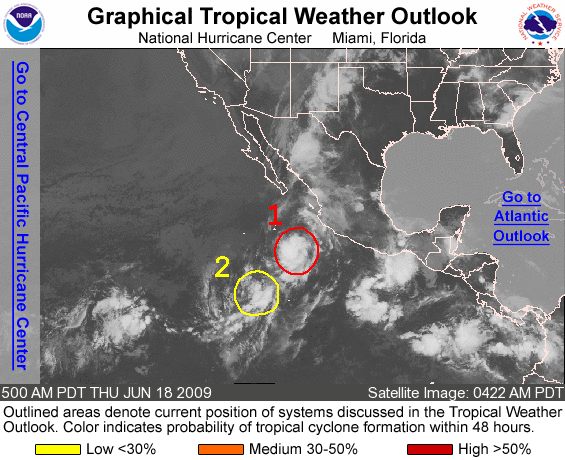
FOR THE EASTERN NORTH PACIFIC...EAST OF 140 DEGREES WEST LONGITUDE..

1. SHOWERS AND THUNDERSTORMS ASSOCIATED WITH AN AREA OF LOW PRESSURE LOCATED ABOUT 275 MILES SOUTHWEST OF MANZANILLO MEXICO HAVE CONTINUED TO BECOME BETTER ORGANIZED OVERNIGHT...AND A TROPICAL DEPRESSION COULD BE FORMING. IF THIS TREND CONTINUES...ADVISORIES COULD BE INITIATED LATER TODAY. THERE IS A HIGH CHANCE...GREATER THAN 50 PERCENT...OF THIS SYSTEM BECOMING A TROPICAL CYCLONE DURING THE NEXT 48 HOURS. REGARDLESS OF DEVELOPMENT...LOCALLY HEAVY RAINS MAY SPREAD OVER PORTIONS OF SOUTHWESTERN MEXICO DURING THE NEXT DAY OR TWO AS THE SYSTEM MOVES SLOWLY NORTHWESTWARD TO NORTHWARD.

2. SHOWERS AND THUNDERSTORMS ARE ASSOCIATED WITH A BROAD AREA OF LOW PRESSURE LOCATED ABOUT 850 MILES SOUTHWEST OF MANZANILLO MEXICO. WHILE THIS SYSTEM HAS CHANGED LITTLE IN ORGANIZATION OVER THE PAST SEVERAL HOURS...SOME SLOW DEVELOPMENT OF THIS SYSTEM IS POSSIBLE DURING THE NEXT DAY OR TWO. THERE IS A LOW CHANCE...LESS THAN 30 PERCENT...OF THIS SYSTEM BECOMING A TROPICAL CYCLONE DURING THE NEXT 48 HOURS.

ELSEWHERE...TROPICAL CYCLONE FORMATION IS NOT EXPECTED DURING THE NEXT 48 HOURS.

FORECASTER BRENNAN/BERG